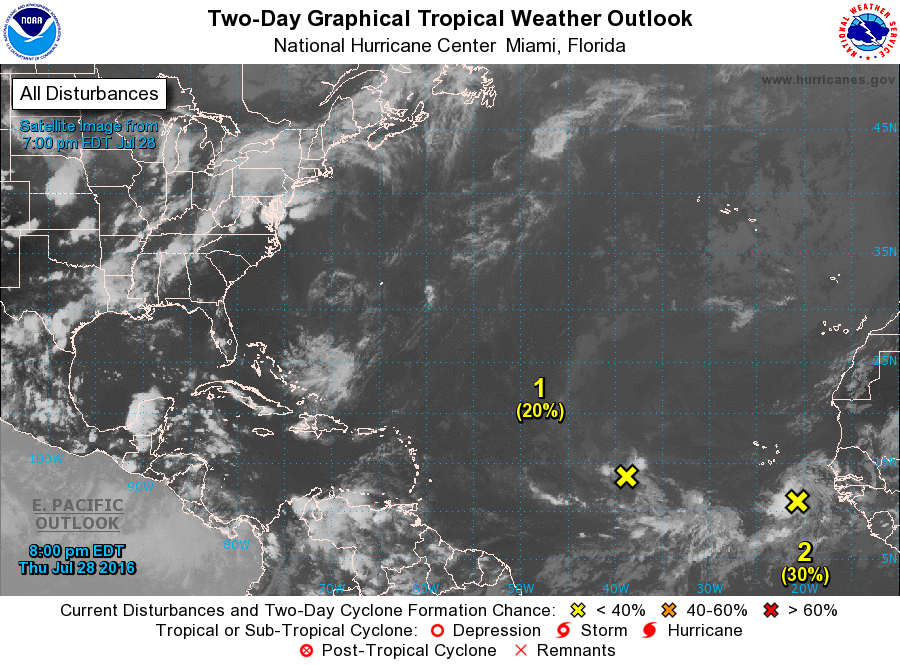
For the North Atlantic...Caribbean Sea and the Gulf of Mexico:

1. A tropical wave located over the Atlantic halfway between the west coast of Africa and the Lesser Antilles is moving rapidly westward. Given the fast motion of the system, development, if any, will be slow to occur. However, this system will likely bring showers and gusty winds to portions of the Leeward Islands during the weekend, and then, the activity should spread westward across the Caribbean Sea.
* Formation chance through 48 hours...low...20 percent
* Formation chance through 5 days...low...30 percent

2. The area of disturbed weather associated with a tropical wave and a low pressure system centered about 350 miles south-southeast of the Cabo Verde Islands has changed little in organization during the day. This system has some potential for slight development during the next day or two, before the disturbance encounters a less favorable environment over the central tropical Atlantic next week.
* Formation chance through 48 hours...low...30 percent
* Formation chance through 5 days...medium...40 percent

Forecaster Avila